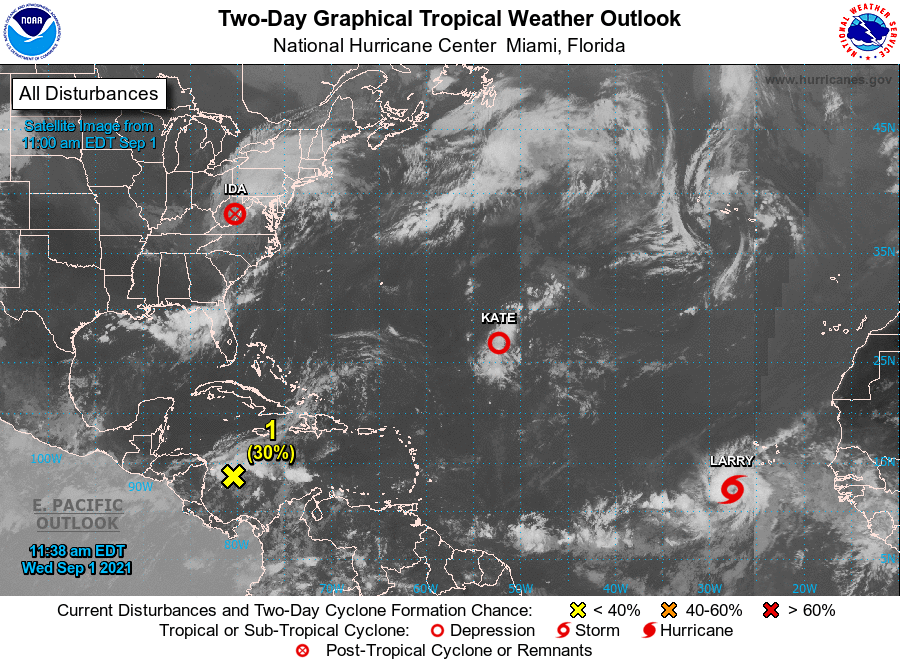
For the North Atlantic...Caribbean Sea and the Gulf of Mexico:

The National Hurricane Center is issuing advisories on Tropical Depression Kate, located over the central Atlantic and on recently upgraded Tropical Storm Larry, located over the far eastern tropical Atlantic several hundred miles southwest of the Cabo Verde Islands.

The Weather Prediction Center is issuing Public Advisories on Tropical Depression Ida, located over the central Appalachian mountains in West Virginia.

1. An area of low pressure continues to produce disorganized shower activity over the southwestern Caribbean Sea. Some slow development of this system remains possible over the next couple of days if it remains over open water while moving west-northwestward or northwestward at 5 to 10 mph near the coast of Central America. Thereafter, the system will have another opportunity for gradual development in the southwestern Gulf of Mexico. Regardless of development, heavy rains are possible across portions of Central America and the Yucatan Peninsula later this week into the weekend.
* Formation chance through 48 hours...low...30 percent.
* Formation chance through 5 days...low...30 percent.

Public advisories issued by the Weather Prediction Center on Tropical Depression Ida can be found under AWIPS header TCPAT4, WMO header WTNT34 KWNH, and on the web at http://www.wpc.ncep.noaa.gov

Public Advisories on Tropical Storm Larry are issued under WMO header WTNT32 KNHC and under AWIPS header MIATCPAT2. Forecast/Advisories on Tropical Storm Larry are issued under WMO header WTNT22 KNHC and under AWIPS header MIATCMAT2.

Forecaster Papin